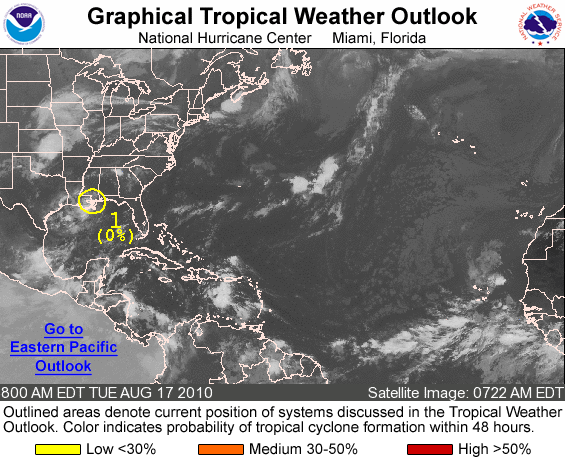
FOR THE NORTH ATLANTIC...CARIBBEAN SEA AND THE GULF OF MEXICO...

1. AN AREA OF LOW PRESSURE...THE REMNANT OF TROPICAL DEPRESSION FIVE... HAS MOVED INLAND ALONG THE WESTERN MISSISSIPPI GULF COAST DURING THE LAST COUPLE OF HOURS. DEVELOPMENT OF THIS SYSTEM IS NOT EXPECTED NOW THAT THE LOW HAS MOVED ONSHORE. THERE IS LOW CHANCE...NEAR 0 PERCENT...OF THIS SYSTEM BECOMING A TROPICAL CYCLONE. LOCALLY HEAVY RAINFALL AND OCCASIONAL GUSTY WINDS ASSOCIATED WITH THE LOW ARE STILL POSSIBLE ALONG PORTIONS OF THE NORTH-CENTRAL GULF OF MEXICO COAST TODAY. SEE STATEMENTS FROM LOCAL NATIONAL WEATHER SERVICE FORECAST OFFICES FOR ADDITIONAL INFORMATION.

ELSEWHERE...TROPICAL CYCLONE FORMATION IS NOT EXPECTED DURING THE NEXT 48 HOURS.

FORECASTER KIMBERLAIN/PASCH